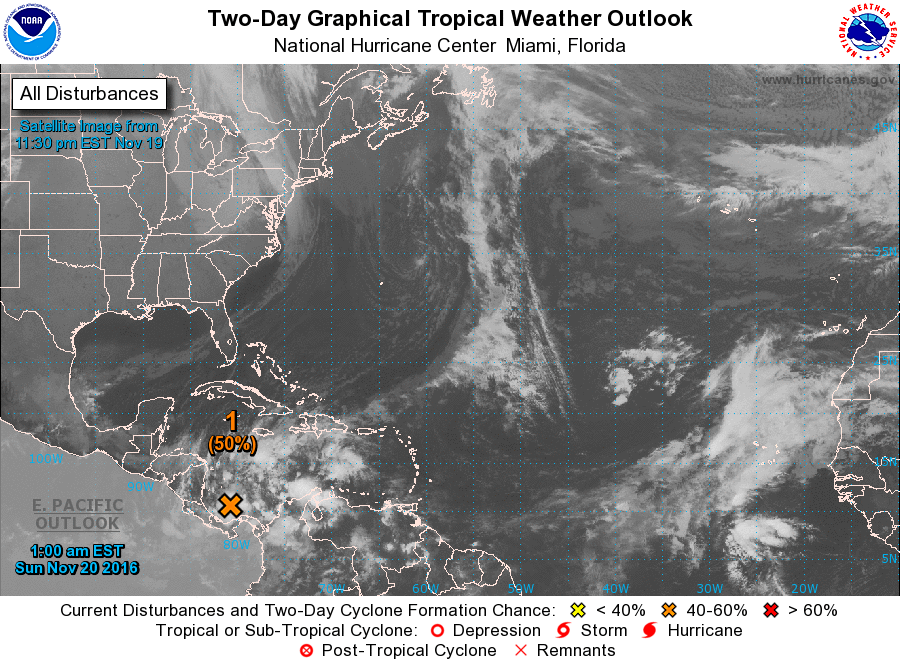
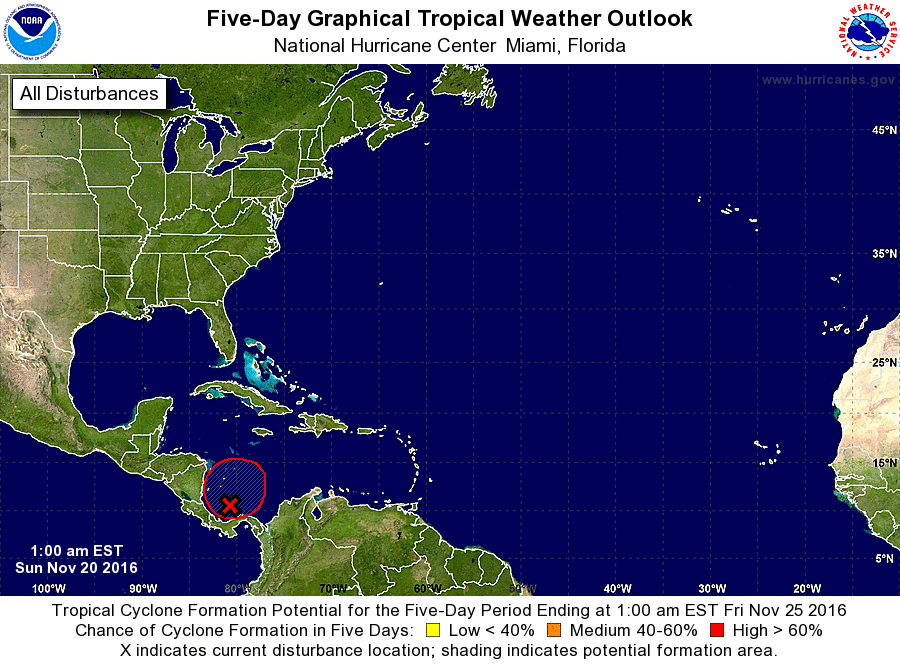
For the North Atlantic...Caribbean Sea and the Gulf of Mexico:

1. An area of low pressure located over the southwestern Caribbean Sea is producing limited shower and thunderstorm activity as it drifts east-southeastward. Environmental conditions are marginally conducive for development, and a tropical depression could form during the next few days while the low moves slowly and erratically. For additional information on this system, see High Seas Forecasts issued by the National Weather Service.
* Formation chance through 48 hours...medium...50 percent
* Formation chance through 5 days...high...70 percent

High Seas Forecasts issued by the National Weather Service can be found under AWIPS header NFDHSFAT1, WMO header FZNT01 KWBC, and at http://www.opc.ncep.noaa.gov/shtml/NFDHSFAT1.shtml.

Forecaster Brennan